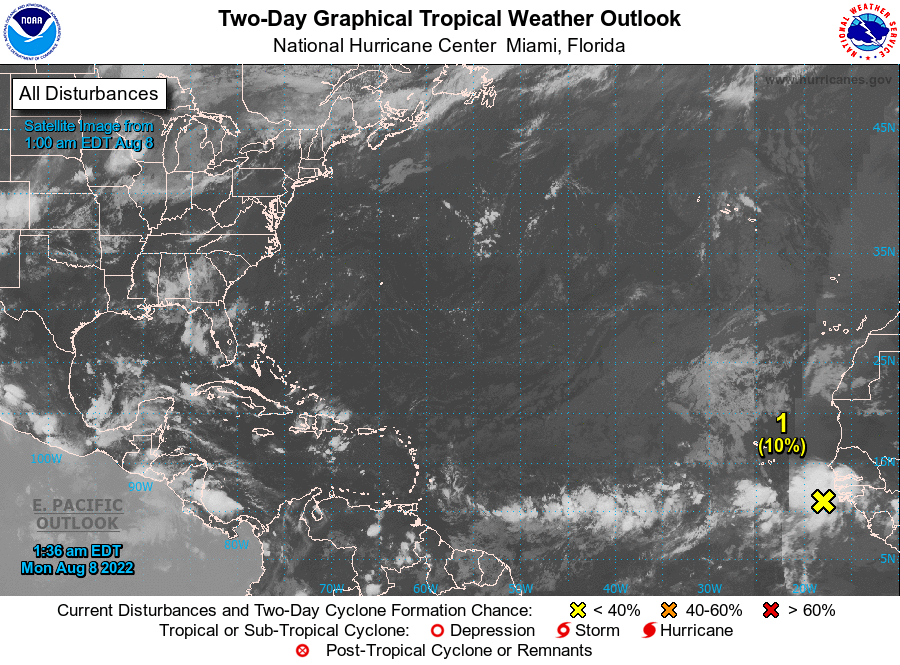
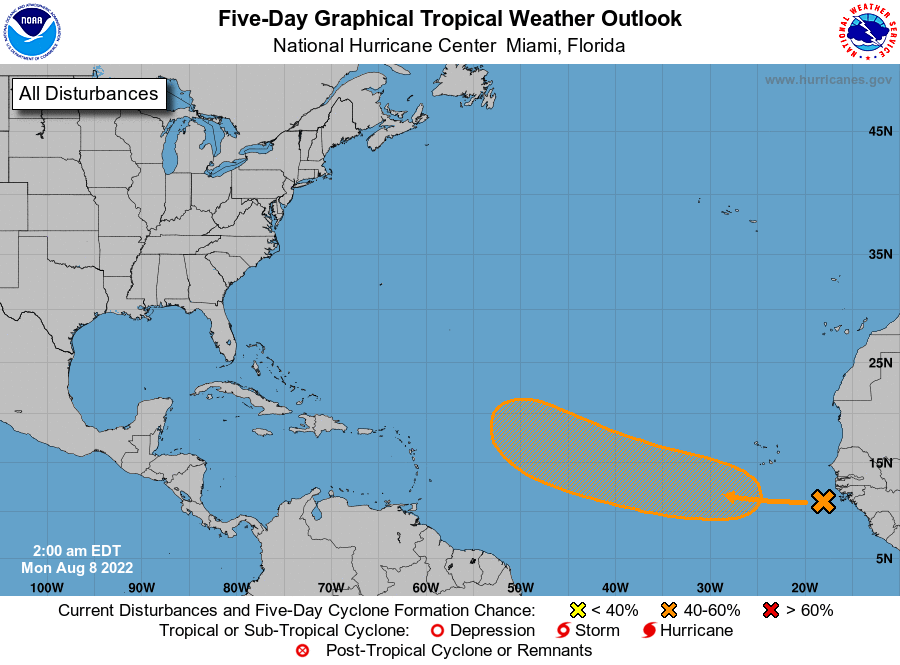
For the North Atlantic...Caribbean Sea and the Gulf of Mexico:

1. Eastern Tropical Atlantic: A large area of disorganized showers and thunderstorms over the far eastern tropical Atlantic are associated with a tropical wave. Environmental conditions appear generally conducive for gradual development of this system while it moves westward to west-northwestward at 15 to 20 mph across the eastern and central tropical Atlantic, and a tropical depression could form around the middle to latter part of this week.
* Formation chance through 48 hours...low...10 percent.
* Formation chance through 5 days...medium...40 percent.

Forecaster Brown